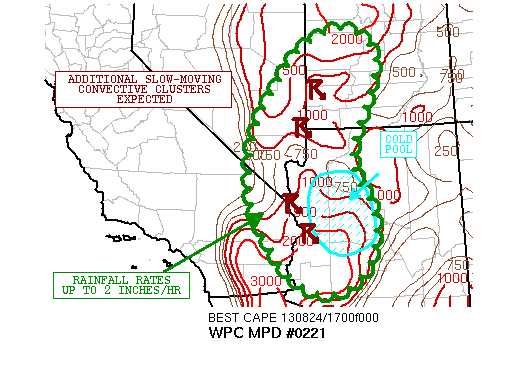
AREAS AFFECTED...SOUTHEAST CA...SOUTHEAST NV...WESTERN
AZ...SOUTHWEST UT

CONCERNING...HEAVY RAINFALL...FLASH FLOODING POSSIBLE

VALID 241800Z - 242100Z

SUMMARY...MCS GRADUALLY WEAKENING OVER AZ...BUT ADDITIONAL
CONVECTIVE DEVELOPMENT EXPECTED THROUGH EARLY AFTERNOON.
SLOW-MOVING CLUSTERS OF CONVECTION WITH INTENSE RAINFALL RATES
LIKELY WITH ADDITIONAL FLASH FLOODING POSSIBLE.

DISCUSSION...THE LATEST IR SAT IMAGERY SHOWS A DECAYING MCS OVER W
CNTRL AZ ATTM...WITH A FAIRLY BROAD AREA OF MDT TO LOCALLY HVY
RAINFALL...ESP WITHIN SOME OF THE REMAINING STRONGER CONVECTIVE
CORES. THIS MCS HAS PRODUCED A RATHER WELL-DEFINED COLD POOL WHICH
HAS BEEN FOSTERING ADDITIONAL SLOW-MOVING AND OCCASIONALLY
BACK-BUILDING CONVECTIVE CLUSTERS AROUND ITS WRN FLANK IN FAR WRN
AZ...EXTREME SERN CA AND EXTREME SOUTHERN NV. CONCERN IS THAT THIS
ACTIVITY COULD GROW IN ORGANIZATION OVER THE NEXT COUPLE HOURS AS
STRONGER DIURNAL HEATING HELPS TO DRIVE MDT TO STRONG SFC-BASED
INSTABILITY ADJACENT THE COLD POOL. LATEST RAP ANALYSIS SHOWS A
WELL-DEFINED INSTABILITY AXIS ORIENTED FROM FAR SERN CA NNEWD INTO
EASTERN NV AND CNTRL/WRN UT. LATEST RAP ANALYSIS ALREADY SHOWS IN
EXCESS OF 2000 J/KG OF CAPE LOCALLY AND THIS SHOULD CONTINUE TO
INCREASE.

RAINFALL RATES OF 1.5 TO 2 INCHES/HR ARE EXPECTED...AND COULD BE
LOCALLY HIGHER INVOF OF CELL MERGERS WHICH WAS OF NOTE THIS
MORNING IN CNTRL/WRN AZ. GIVEN THESE RAINFALL RATES...FLASH
FLOODING WILL CONTINUE TO BE POSSIBLE.